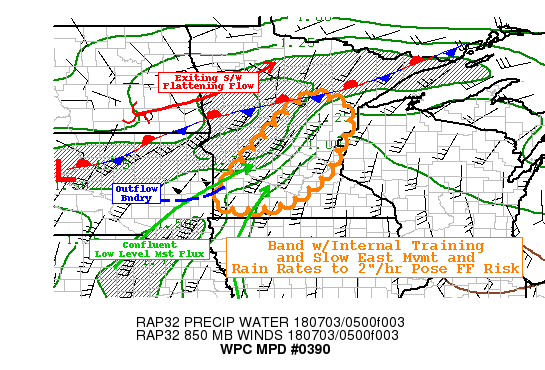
AREAS AFFECTED...CENTRAL AND SOUTHWESTERN MN...

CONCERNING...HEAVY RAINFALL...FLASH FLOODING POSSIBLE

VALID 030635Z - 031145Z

SUMMARY...SW-NE DEVELOPING CONVECTIVE BAND WITH SOME INTERNAL
TRAINING LEADING TO POSSIBLE FLASH FLOODING OVERNIGHT.

DISCUSSION...GOES-16 WV SUITE DEPICTS COMPACT SHORTWAVE CROSSING
SE ND SPREADING HEIGHT-FALLS OREINTED SW-NE BISECTING MN.  AT THE
SOUTHERN TRAILING EDGE OF THIS FORCING...OUTFLOW BOUNDARY FROM
CONVECTIVE COMPLEX OVER CENTRAL SD HAS NARROWED THE INFLOW FROM
STRENGTHENING SWLY FLOW INTO SW MN.  THIS HAS ALLOWED FOR RECENT
INCREASE IN CONVECTIVE COVERAGE AND INTENSITY IN RADAR AS WELL AS
COOLING IN 10.3 UM IR CHANNEL WITH OVERSHOOTING TOPS NEARING -75C
AT TIMES.  RAP ANALYSIS SUGGESTS 850MB CONFLUENCE AND LLJ
STRENGTHENING TO 50KTS SUPPORTED BY 45KT OB AT KFSD VWP.  THE
CONFLUENCE AS ALSO LEAD TO STEADY INCREASE IN TPW WITH GPS NETWORK
SHOWING VALUES OF 1.3 RAISING TO 1.6 IN THE LAST FEW HOURS IN SW
MN.  AS SUCH INFLUX OF MST HAS SEEN A STEADY INCREASE IN RAINFALL
EFFICIENCY AS WELL WITH RATES APPROACHING 2"/HR.

THE SW-NE BAND AT THE EASTERN EDGE THE SHROTWAVE'S INFLUENCE WILL
REDUCE EASTWARD PROPAGATION VECTORS AND ALLOW FOR MEAN CLOUD
BEARING FLOW FROM SW TO NE TO SUPPORT SOME TRAINING ESPECIALLY
GIVEN THE BREADTH WEST TO EAST OF THE BAND.  AS SUCH 2-4" OF RAIN
CAN BE EXPECTED ALONG THE LINE AND GIVEN THE ANTECEDENT CONDITIONS
THERE IS SOLID POSSIBLITY OF INDUCING FLASH FLOODING CONDITIONS
OVER THE NEXT FEW HOURS IN THE AREA OF CONCERN.  THIS IS
PARTICUARLY THE CASE IN SW MN WHERE FFG VALUES ARE BELOW 1.5 IN
1HR AND BELOW 2" IN 3HR.